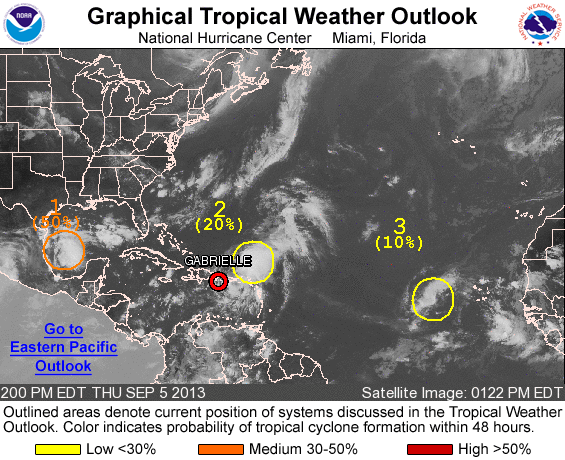
FOR THE NORTH ATLANTIC...CARIBBEAN SEA AND THE GULF OF MEXICO...

THE NATIONAL HURRICANE CENTER IS ISSUING ADVISORIES ON RECENTLY DOWNGRADED TROPICAL DEPRESSION GABRIELLE...LOCATED SOUTHWEST OF PUERTO RICO.

1. SATELLITE DATA AND SURFACE OBSERVATIONS INDICATE THAT A BROAD AREA OF LOW PRESSURE HAS FORMED OVER THE SOUTHWESTERN GULF OF MEXICO ABOUT 200 MILES EAST OF TAMPICO MEXICO. SHOWERS AND THUNDERSTORMS ARE SHOWING SIGNS OF ORGANIZATION...AND A TROPICAL DEPRESSION COULD FORM BEFORE THE LOW MOVES INLAND ALONG THE COAST OF MEXICO ON FRIDAY. THIS SYSTEM HAS A MEDIUM CHANCE...50 PERCENT...OF BECOMING A TROPICAL CYCLONE DURING THE NEXT 48 HOURS...AND A MEDIUM CHANCE...50 PERCENT...OF BECOMING A TROPICAL CYCLONE DURING THE NEXT 5 DAYS. AN AIR FORCE RESERVE RECONNAISSANCE AIRCRAFT IS CURRENTLY EN ROUTE TO INVESTIGATE THE SYSTEM.

2. A LARGE AREA OF DISORGANIZED SHOWERS AND THUNDERSTORMS...ASSOCIATED WITH A SURFACE TROUGH...EXTENDS FROM THE NORTHERN LEEWARD ISLANDS NEAR TROPICAL DEPRESSION GABRIELLE NORTHWARD OVER THE ATLANTIC WATERS FOR SEVERAL HUNDRED MILES. ANY DEVELOPMENT OF THIS SYSTEM IS EXPECTED TO BE SLOW DUE TO STRONG UPPER-LEVEL WINDS. THIS SYSTEM HAS A LOW CHANCE...20 PERCENT...OF BECOMING A TROPICAL CYCLONE DURING THE NEXT 48 HOURS AS IT MOVES NORTHWESTWARD AT 10 TO 15 MPH. SOME DEVELOPMENT COULD ALSO OCCUR IN A FEW DAYS WHEN THE SYSTEM MOVES NORTHEASTWARD AHEAD OF A COLD FRONT OVER THE CENTRAL ATLANTIC OCEAN. THIS SYSTEM HAS A MEDIUM CHANCE...30 PERCENT...OF BECOMING A TROPICAL CYCLONE DURING THE NEXT 5 DAYS.

3. A TROPICAL WAVE LOCATED ABOUT 500 MILES WEST-SOUTHWEST OF THE CAPE VERDE ISLANDS IS PRODUCING A LARGE AREA OF CLOUDINESS AND SHOWERS. DEVELOPMENT...IF ANY...IS EXPECTED TO BE LIMITED DUE TO DRY AIR...AND ENVIRONMENTAL CONDITIONS ARE FORECAST TO BECOME VERY UNFAVORABLE IN A COUPLE OF DAYS. THIS SYSTEM HAS A LOW CHANCE... 10 PERCENT...OF BECOMING A TROPICAL CYCLONE DURING THE NEXT 48 HOURS...AND A LOW CHANCE...10 PERCENT...OF BECOMING A TROPICAL CYCLONE DURING THE NEXT 5 DAYS WHILE IT MOVES TO THE WEST-NORTHWEST AT ABOUT 10 MPH.

OTHER SYSTEMS WITH FORMATION POTENTIAL BEYOND 48 HOURS...

A TROPICAL WAVE OVER AFRICA IS EXPECTED TO MOVE OVER THE FAR EASTERN ATLANTIC OCEAN IN A COUPLE OF DAYS...AND DEVELOPMENT OF THIS SYSTEM IS POSSIBLE OVER THE WEEKEND INTO EARLY NEXT WEEK. THIS SYSTEM HAS A LOW CHANCE...NEAR 0 PERCENT...OF BECOMING A TROPICAL CYCLONE DURING THE NEXT 48 HOURS...AND A MEDIUM CHANCE...30 PERCENT...OF BECOMING A TROPICAL CYCLONE DURING THE NEXT 5 DAYS.

FIVE-DAY FORMATION PROBABILITIES ARE EXPERIMENTAL IN 2013. COMMENTS ON THE EXPERIMENTAL FORECASTS CAN BE PROVIDED AT...

HTTP://WWW.NWS.NOAA.GOV/SURVEY/NWS-SURVEY.PHP?CODE=ETWO

FORECASTER BLAKE